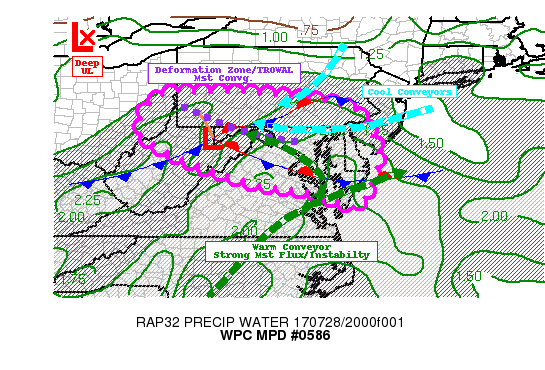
AREAS AFFECTED...EASTERN OH...SOUTHERN PA...NORTHERN WV...NORTHERN
VA...MD...DE

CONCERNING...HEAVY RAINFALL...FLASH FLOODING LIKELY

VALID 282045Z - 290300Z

SUMMARY...VERY STRONG DYNAMIC ENVIRONMENT WITH DEEP MOISTURE WILL
SUPPORT SIGNIFICANT FLASH FLOODING/FLOODING THROUGH THIS EVENING
ALONG DEFORMATION ZONE WITH LARGE AREA OF AREAL TOTALS OF 2-4"
WITH LOCALIZED TOTALS OF 6-7" POSSIBLE LEADING TO LIFE-THREATENING
FLOODING.

DISCUSSION...GOES-E WV LOOP SHOWS VERY STRONG COMPACT CLOSED LOW
DEVELOPING OVER SE MI DIGGING SOUTHEAST RAPIDLY EXPANDING THE
DIFFLUENT AREA OF THE LEFT EXIT REGION OF UNSEASONABLY STRONG
80-90KT 3H JET ACROSS THE MIDWEST.  THIS IS SUPPORTING A
DEVELOPING CYCLONE OVER N WV ATTM WITH CLOSING LOWS VERTICALLY
TILTING BACK TOWARD THE NW...THIS SHOULD STRONGLY SUPPORT VERY
STRONG WARM CONVEYOR ACROSS THE CAROLINAS/S MID-ATLANTIC TO ASCEND
ACROSS DEVELOPING TROWAL/DEFORMATION ZONE ACROSS SW PA TOWARD THE
DELMARVA CURRENTLY.

WARM CONVEYOR OVER E VA TO THE DELMARVA IS REPRESENTED BY
2000-2500 J/KG OF MLCAPE AND STRONG MOISTURE FLUX TO ALLOW FOR
TPWS IN EXCESS OF 2.2" WITH STRONG CONVERGENCE DEEP CONVECTION CAN
BE SEEN ALONG THE INTERFACE WITH THE DEFORMATION ZONE WITH TOPS TO
-65C ALLOWING FOR RAIN RATES OF 2.5"/HR FROM SE MD TO S DE.  IN
PROXIMITY TO THE DEEPENING LOW/ISALLOBARIC INFLUENCE AND
DEFORMATION ZONE...CELLS ARE NEARLY STATIONARY.  ADDITIONALLY
SLANTWISE INSTABILITY WITH MUCAPES TO 2000 J/KG (PER SPECIAL 18Z
IAD SOUNDING) WILL SUPPORT THE POTENTIAL FOR ELEVATED CONVECTIVE
ELEMENTS THROUGH CENTRAL MD AND SE PA AS WELL.  EVEN WITHOUT DEEP
CONVECTION...BROAD SCALE ASCENT IN THE TROWAL AND DEEP MOISTURE
SHOULD SUPPORT MODEST RAINFALL AT BEST LEADING TO COMPOUNDING
TOTALS FOR INUNDATION FLOODING OVER A BROADER AREA WITH LOCALIZED
FLASH FLOODING POCKETS WHERE THE CONVECTIVE ELEMENTS ARE.  BROAD
AREA OF 2-4" OF RAIN IS EXPECTED WITH ISOLATED TOTALS OF 6-7"
POSSIBLE THROUGH 03Z (ESPECIALLY OVER SE MD/DELMARVA) ARE LIKELY
TO POSE LIFE-THREATENING RISK FOR FLOODING.

FURTHER NORTHWEST E OH/N WV/SW PA... CLEARING SKIES OF E OH/SW PA
TO REACH 1500/2000 J/KG WITH NARROW SKINNY PROFILES.  THIS ALONG
WITH STRONG LOW TO MID-LEVEL FRONTOGENESIS ASCENT SUPPORTS THE
CAPABILITY OF CONTINUED HIGH RATES AND GIVEN HIGH DEFORAMTIONAL
ZONE/STRETCHING BETWEEN THE SURFACE/5H LOW...CELL MOTIONS ARE
NEARLY ZERO ALLOWING FOR COMPOUNDING RAINFALL TOTALS.  GIVEN
SLIGHTLY LOWER MOISTURE AVAILABILITY RATES OF 1.75-2"/HR ARE
LIKELY WITH A MODEST AREAL COVERAGE OF 2-3" POSSIBLE WITH ISOLATED
POCKETS OF 5"+ WITHIN COMPLEX TERRAIN POSES LIFE THREATENING FLASH
FLOOD CAPABILITIES THROUGH THE LATE EVENING/EARLY OVERNIGHT ACROSS
S/SW PA/N WV/W MD PANHANDLE.